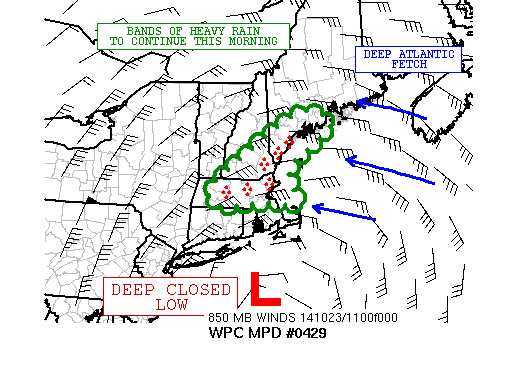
AREAS AFFECTED...MA...SOUTHEAST NH...SOUTHERN ME

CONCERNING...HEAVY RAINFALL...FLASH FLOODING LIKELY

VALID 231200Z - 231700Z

SUMMARY...SHORT-TERM FLASH FLOODING WILL CONTINUE TO BE A CONCERN
FOR THE MORNING HOURS AT LEAST LOCALLY.

DISCUSSION...A DEEP CLOSED LOW OFFSHORE OF SOUTHERN NEW ENGLAND
THIS MORNING CONTINUES TO FUNNEL DEEP ATLANTIC MOISTURE INLAND
ACROSS PORTIONS OF THE NORTHEAST. A WELL-DEFINED MID LEVEL
DEFORMATION ZONE AS DENOTED IN WV IMAGERY IS INTERACTING WITH THIS
DEEP ATLANTIC FETCH AND IS FOSTERING NUMEROUS BANDS OF HEAVY RAIN
WHICH WRAPPING WESTWARD AROUND THE NORTH SIDE OF THE UPPER LOW.

THE LATEST IR SAT IMAGERY INDICATES THERE ARE STILL SOME COOLER
CLOUD TOP CLUSTERS OFFSHORE AND THERE IS SUFFICIENTLY DIVERGENT
FLOW ALOFT THAT THESE CLUSTERS OF HEAVIER RAIN SHOULD REMAIN
ORGANIZED ENOUGH TO SUSTAIN THE HEAVY RAINFALL THREAT ACROSS
PORTIONS OF SOUTHERN AND EASTERN NEW ENGLAND THROUGH THE MORNING
HOURS.

VAD WIND PROFILER DATA IN THE H85/H925 LAYER INDICATES A ROBUST
LOW LEVEL JET CRASHING INTO COASTAL AREAS OF NORTHEAST
MA...COASTAL NH AND SOUTHERN ME...WITH 40 TO 50 KTS OF ATLANTIC
FETCH SUPPORTING MOISTURE FLUX ANOMALIES OF OVER 3 STD DEV ABOVE
NORMAL. THE 00Z ARW AND 00Z NMMB SUPPORT THIS AXIS OF ENHANCED
MOISTURE TRANSPORT GRADUALLY SHIFTING NORTH UP THE NEW ENGLAND
COAST...WITH MORE EMPHASIS BY MIDDAY ACROSS EASTERN AND SOUTHERN
ME.

ONGOING FLOODING CONCERNS ACROSS NORTHEAST MA SHOULD THEREFORE
IMPROVE AS THE BANDS OF HEAVIER RAIN SHIFT FARTHER NORTH WITH
TIME. HOWEVER...THE POTENTIAL FOR LOCALLY SIGNIFICANT RUNOFF
PROBLEMS/FLASH FLOODING WILL PERSIST AT LEAST THROUGH MIDDAY
ACROSS SOUTHEAST NH AND MAY TEND TO INCREASE IN NATURE FOR
ESPECIALLY SOUTHERN ME BASED ON LATEST SAT/RADAR TRENDS AND GIVEN
SUCH A PRONOUNCED LOW LEVEL JET. EXPECT ADDITIONAL RAINFALL
AMOUNTS OF 2 TO 3 INCHES...AT LEAST LOCALLY THROUGH MIDDAY WHERE
THE MORE PRONOUNCED BANDS SET UP.